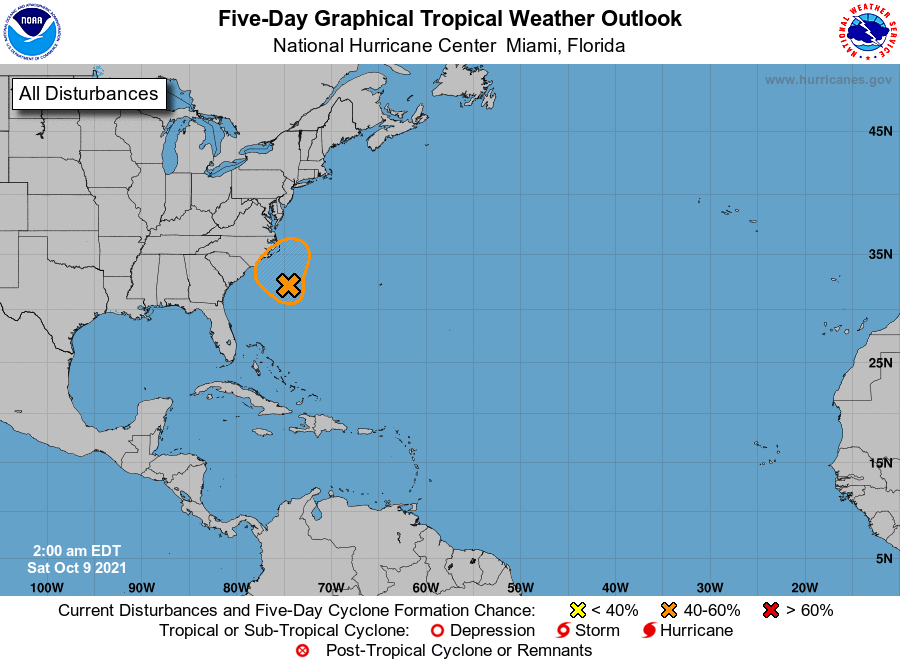
For the North Atlantic...Caribbean Sea and the Gulf of Mexico:

An area of low pressure located about 200 miles south-southeast of Cape Hatteras, North Carolina, continues to produce disorganized showers and thunderstorms. Environmental conditions could briefly become marginally conducive for the low to acquire subtropical characteristics through early Sunday. However, by late Sunday and Monday, environmental conditions should become unfavorable for any further development. The low is forecast to move slowly northwestward during the next day or so near the North Carolina coast. Therefore, interests along the North Carolina coast should monitor the progress of this system.

1. Regardless of development, intermittent periods of locally heavy rains and gusty winds will affect eastern portions of North Carolina during the next day or two. An Air Force Reserve reconnaissance aircraft is scheduled to investigate the system this afternoon, if necessary. Additional information on this system, including gale warnings, can be found in High Seas Forecasts issued by the National Weather Service.
* Formation chance through 48 hours...medium...40 percent.
* Formation chance through 5 days...medium...40 percent.

High Seas Forecasts issued by the National Weather Service can be found under AWIPS header NFDHSFAT1, WMO header FZNT01 KWBC, and online at ocean.weather.gov/shtml/NFDHSFAT1.php

Forecaster Cangialosi